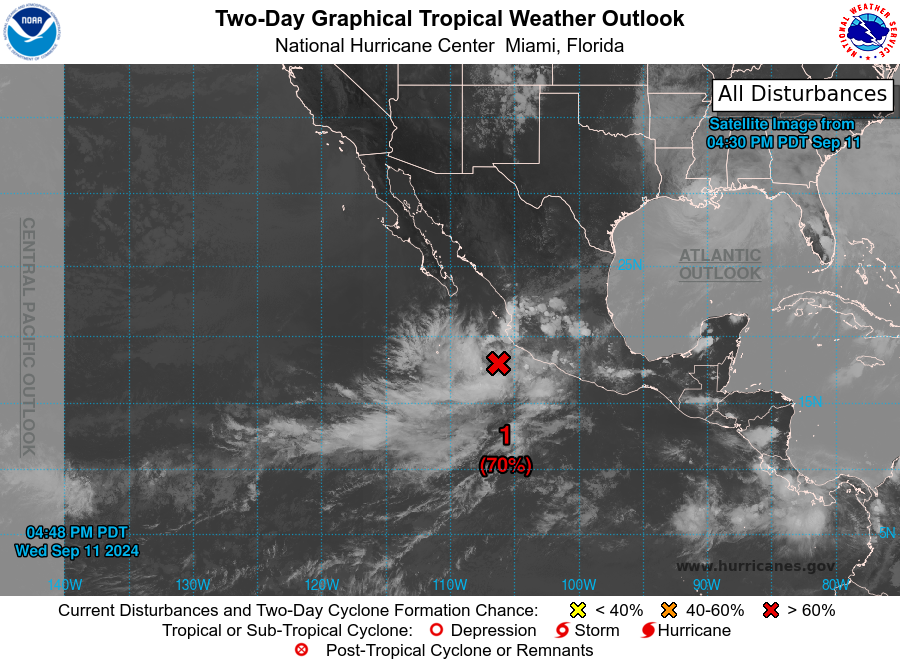
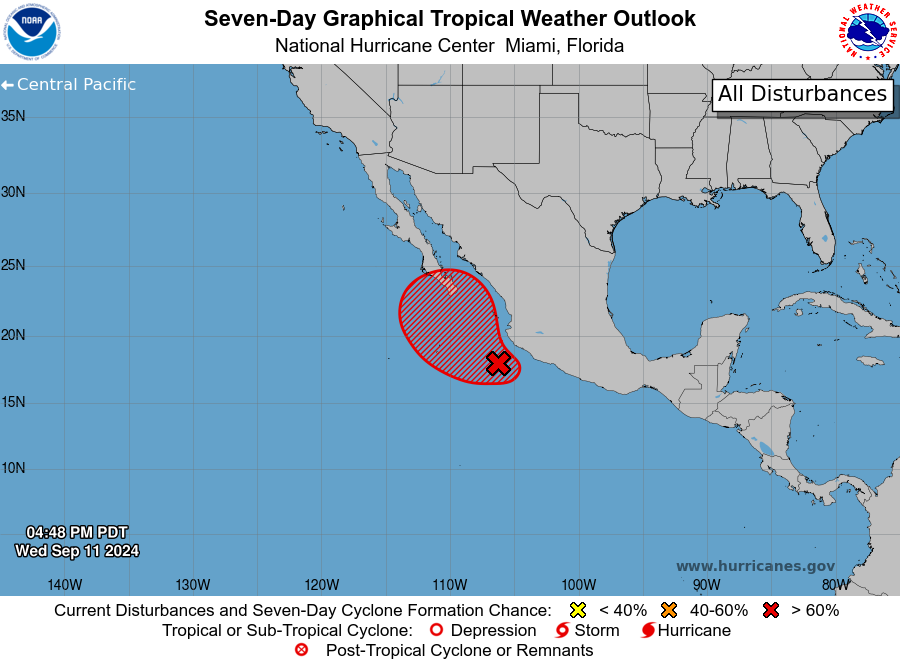
For the eastern North Pacific...east of 140 degrees west longitude:

1. Offshore of Southwestern Mexico (EP93): A broad area of low pressure located a couple of hundred miles off the coast of southwestern Mexico is producing a large area of showers and thunderstorms. Environmental conditions appear conducive for additional development, and a tropical depression is likely to form during the next couple of days as the system moves slowly northwestward, near the coast of southwestern Mexico and toward the Baja California Peninsula. Regardless of development, heavy rainfall is likely across coastal portions of southwestern and west-central Mexico during the next day or two. Interests in the southern Baja California peninsula should monitor the progress of this system.
* Formation chance through 48 hours...high...70 percent.
* Formation chance through 7 days...high...70 percent.

Forecaster Cangialosi